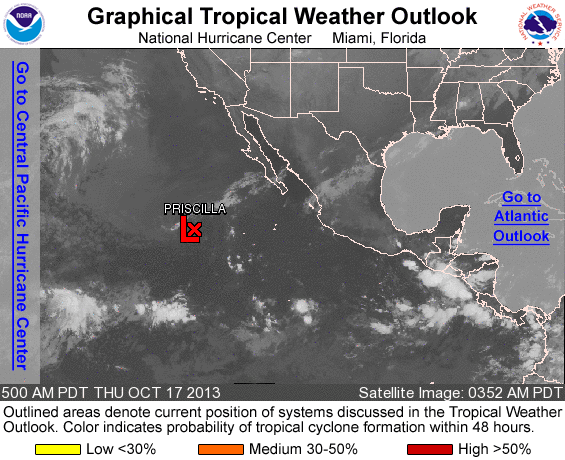
FOR THE EASTERN NORTH PACIFIC...EAST OF 140 DEGREES WEST LONGITUDE..

THE NATIONAL HURRICANE CENTER HAS ISSUED THE LAST ADVISORY ON TROPICAL DEPRESSION PRISCILLA...LOCATED WELL WEST-SOUTHWEST OF THE SOUTHERN TIP OF THE BAJA CALIFORNIA PENINSULA.

TROPICAL CYCLONE FORMATION IS NOT EXPECTED DURING THE NEXT 48 HOURS.

OTHER SYSTEMS WITH FORMATION POTENTIAL BEYOND 48 HOURS...

A BROAD AREA OF LOW PRESSURE LOCATED OVER THE FAR EASTERN PACIFIC NEAR CENTRAL AMERICA IS PRODUCING DISORGANIZED SHOWERS AND THUNDERSTORMS. UPPER-LEVEL WINDS ARE EXPECTED TO BECOME CONDUCIVE FOR SOME SLOW DEVELOPMENT BY LATE ON THE WEEKEND OR EARLY NEXT WEEK. THIS SYSTEM HAS A LOW CHANCE...NEAR 0 PERCENT...OF BECOMING A TROPICAL CYCLONE DURING THE NEXT 48 HOURS...AND A MEDIUM CHANCE...30 PERCENT...OF BECOMING A TROPICAL CYCLONE DURING THE NEXT 5 DAYS WHILE IT MOVES SLOWLY WESTWARD.

&&
FIVE-DAY FORMATION PROBABILITIES ARE EXPERIMENTAL IN 2013. COMMENTS ON THE EXPERIMENTAL FORECASTS CAN BE PROVIDED AT...

HTTP://WWW.NWS.NOAA.GOV/SURVEY/NWS-SURVEY.PHP?CODE=ETWO

FORECASTER LANDSEA